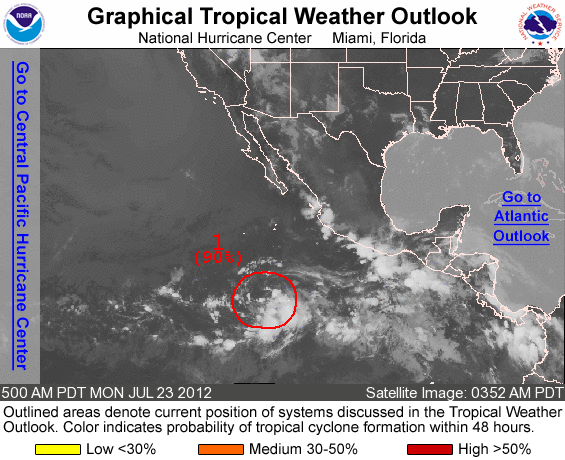
FOR THE EASTERN NORTH PACIFIC...EAST OF 140 DEGREES WEST LONGITUDE..

1. A LOW PRESSURE SYSTEM CENTERED ABOUT 775 MILES SOUTHWEST OF MANZANILLO MEXICO CONTINUES TO SHOW SIGNS OF ORGANIZATION...AND ENVIRONMENTAL CONDITIONS ARE CONDUCIVE FOR A TROPICAL DEPRESSION TO FORM AT ANY TIME DURING NEXT DAY OR SO. THIS SYSTEM HAS A HIGH CHANCE...90 PERCENT...OF BECOMING A TROPICAL CYCLONE DURING THE NEXT 48 HOURS AS IT MOVES WESTWARD OR WEST-NORTHWESTWARD AT 10 MPH.

ELSEWHERE...TROPICAL CYCLONE FORMATION IS NOT EXPECTED DURING THE NEXT 48 HOURS.

FORECASTER STEWART